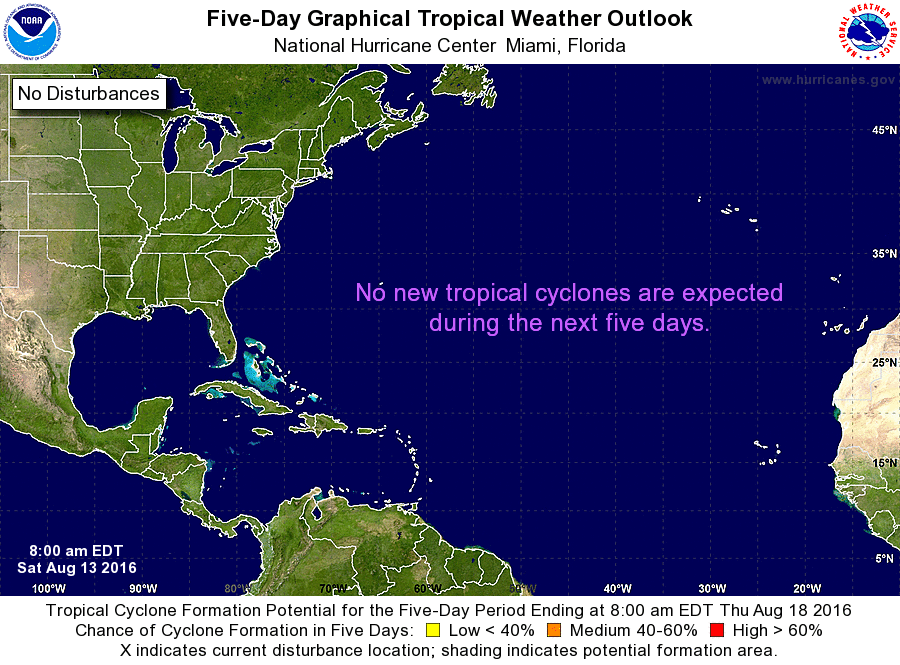
For the North Atlantic...Caribbean Sea and the Gulf of Mexico:

Tropical cyclone formation is not expected during the next 5 days.

Forecaster Avila